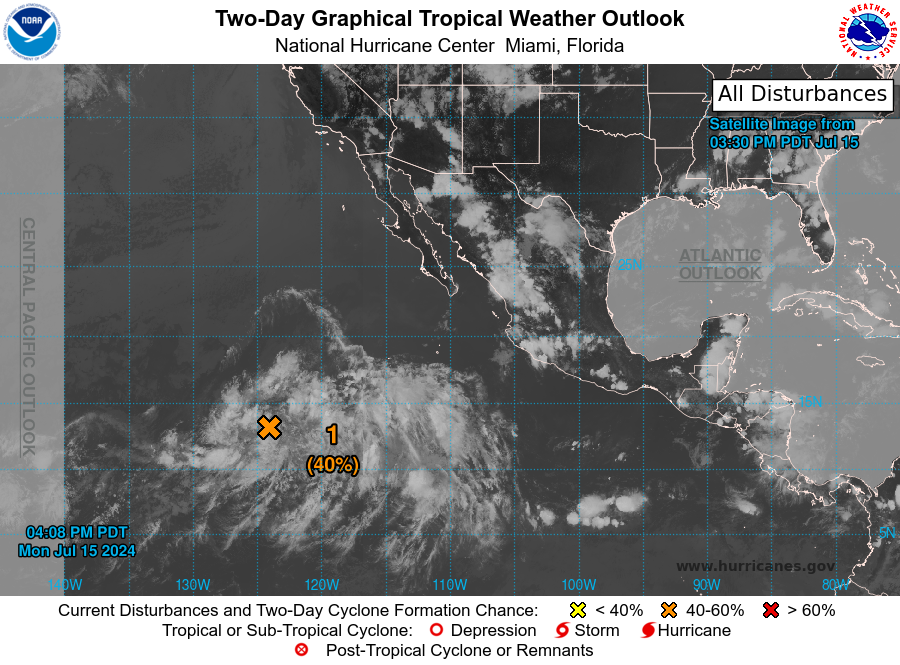
For the eastern North Pacific...east of 140 degrees west longitude:

1. Western East Pacific (EP92): Satellite images indicate that a broad area of low pressure has formed within a larger area of disorganized shower and thunderstorm activity centered several hundred miles southwest of the southern tip of the Baja California peninsula. Environmental conditions appear generally conducive for further development, and a tropical depression could form around midweek while the system moves west- northwestward at 10 to 15 mph across the western part of the basin.
* Formation chance through 48 hours...medium...40 percent.
* Formation chance through 7 days...medium...40 percent.

Forecaster Blake